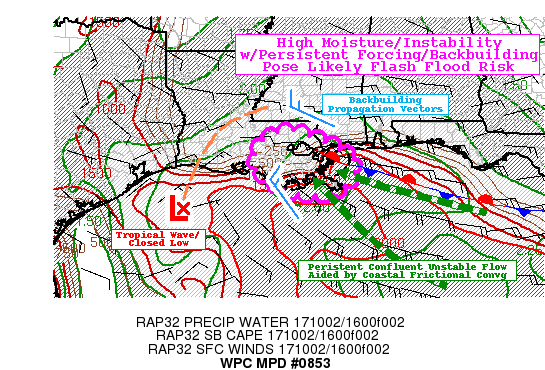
AREAS AFFECTED...SOUTHEAST LOUISIANA...

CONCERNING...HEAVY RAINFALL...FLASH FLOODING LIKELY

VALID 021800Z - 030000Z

SUMMARY...CONTINUED STRONG CONFLUENT ONSHORE UNSTABLE FLOW MAY
MAINTAIN THREAT FOR ADDITIONAL TRAINING BANDS OF CONVECTION
THROUGH THE AFTERNOON...POSING CONTINUED FLASH FLOOD RISKS.

DISCUSSION...KLIX RADAR AND GOES-16 VISIBLE IMAGERY CURRENTLY
SHOWS LINEAR BAND MOVING THROUGH EASTERN NOLA METRO AREA WHERE
2-3"/HR RATES HAVE BEEN REPORTED VIA MULTIPLE BACKYARD GAUGES
LEADING TO TOTALS NEARING 5".  WHILE THIS BAND HAS BEEN GENERALLY
SHIFTING NW WITH TIME...THE ENVIRONMENT FOR ADDITIONAL FLASH
FLOODING REMAINS HIGH AS UPSTREAM MOISTURE/INSTABILITY AND FORCING
WILL CONTINUE TO SUPPORT CONVECTIVE REDEVELOPMENT.

CURRENT SURFACE/RADAR/SATELLITE IMAGERY SHOWS A STRONG CLOSED
TROPICAL WAVE HEADING DIRECTLY TOWARD GALVESTON BAY...ALLOWING FOR
A BROAD BUT STRONG SELY FETCH INTO SE LA.  THE FETCH IS
REPRESENTED BY 20-25KTS SFC FLOW WITH NEAR 80F TDS AND TOTAL
COLUMN PW AT OR ABOVE 2.5".  ADDITIONALLY HEATING OF THE NEAR
SURFACE ALLOWS FOR MID-80S TEMPS SUPPORTING HIGH INSTABILITY FOR
CONVECTIVE DEVELOPMENT IN EXCESS OF 2000-2500 J/KG. FORCING IS
MAINTAINED BY STRONG SFC MOISTURE CONVERGENCE AS SSELY FLOW
SOUTHEAST OF THE MS RIVER DELTA CONVERGENCES WITH ESELY FLOW ALONG
SURFACE FRONT FROM N CHANDELEUR ISLANDS BACK TOWARD TAMPA BAY.
THIS STRONG LOW LEVEL INFLOW COUNTERED BY MODEST UPPER LEVEL/MEAN
CLOUD MOTIONS TO THE NW AT 5-10KTS ALLOWS FOR VERY FAVORABLE
BACKBUILDING PROPAGATION VECTORS THROUGHOUT THE AFTERNOON HOURS.
AS SUCH SIMILAR BANDS TO WHAT IS OCCURRING NOW ARE PROBABLE WITH
SIMILAR RATES OF 2-3"/HR AND ADDITIONAL TOTALS OF 3-5".  RAP
FORECASTS SUGGEST THIS FLOW SHOULD PERSIST PROVIDING CONTINUED
FRICTIONAL SURFACE MOISTURE CONVERGENCE (ADDED IN VICINITY OF SFC
FRONT) THROUGH AT LEAST 23-00Z AS NORTHEASTERLY MID TO UPPER LEVEL
FLOW MIXES DRIER AIR THROUGH NORTHEAST GULF AS WELL REDUCING
INSTABILITY/MOISTURE FLUX.

THE LARGEST QUESTION IS PRECISELY WHERE BANDS WILL
TRACK/TRAIN...AND GIVEN A FEW BANDS OVER THE LAST 2 DAYS HAVE
COMPROMISED SOME AREAS SOIL CONDITIONS (SOUTH AS WELL AS EAST OF
DOWNTOWN NEW ORLEANS) FLASH FLOODING IS CONSIDERED LIKELY.